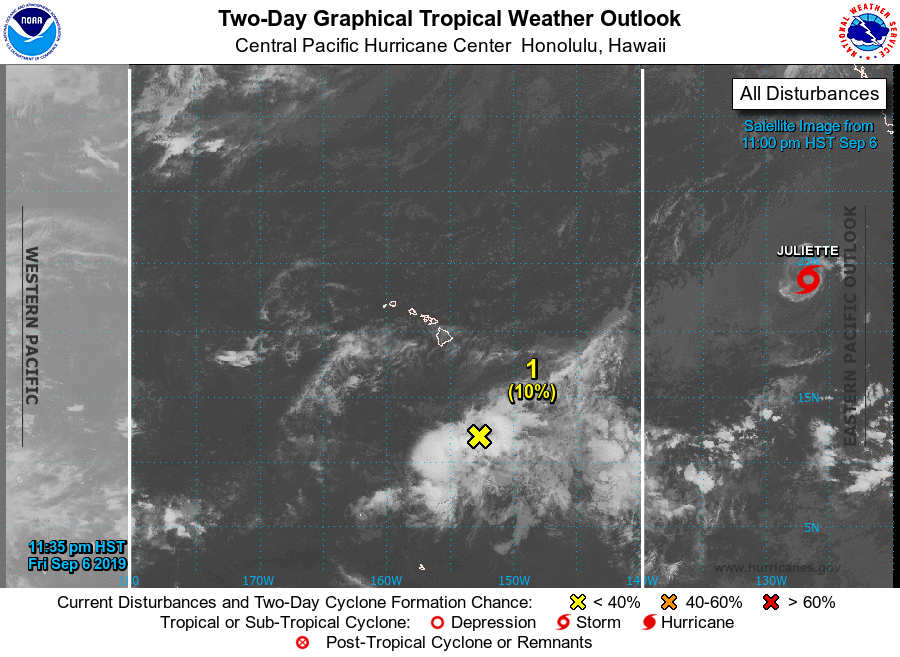
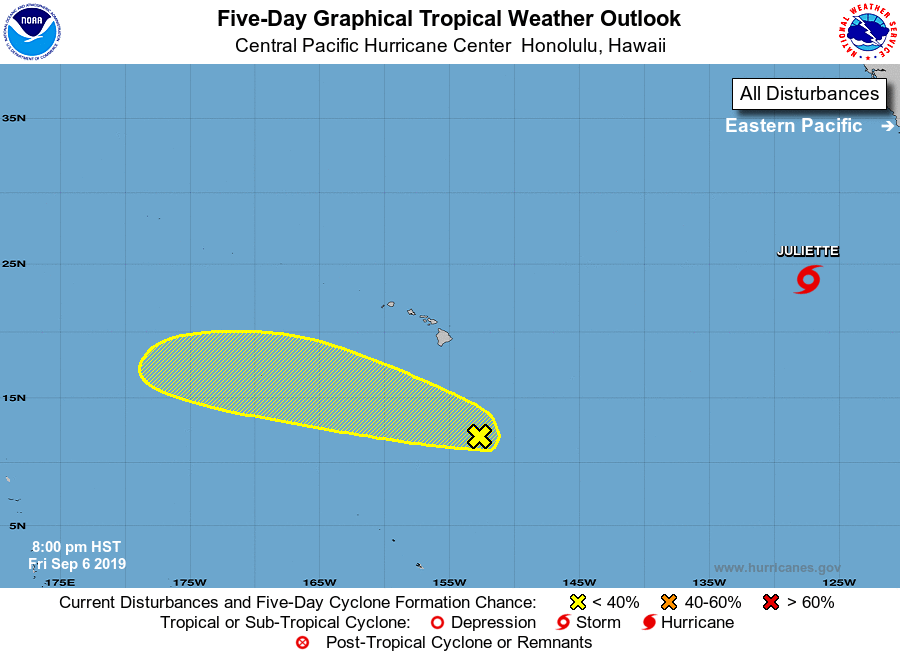
For the central North Pacific...between 140W and 180W:

1. An area of low pressure associated with the remnants of former Tropical Storm Akoni, located about 600 miles south-southeast of Hilo, Hawaii, is producing an area of disorganized showers and thunderstorms. Conditions are only marginally conducive for regeneration of this system over the next several days as it moves northwestward.
* Formation chance through 48 hours...low...10 percent
* Formation chance through 5 days...low...20 percent

Elsewhere, no tropical cyclones are expected during the next 5 days.

Forecaster Gibbs